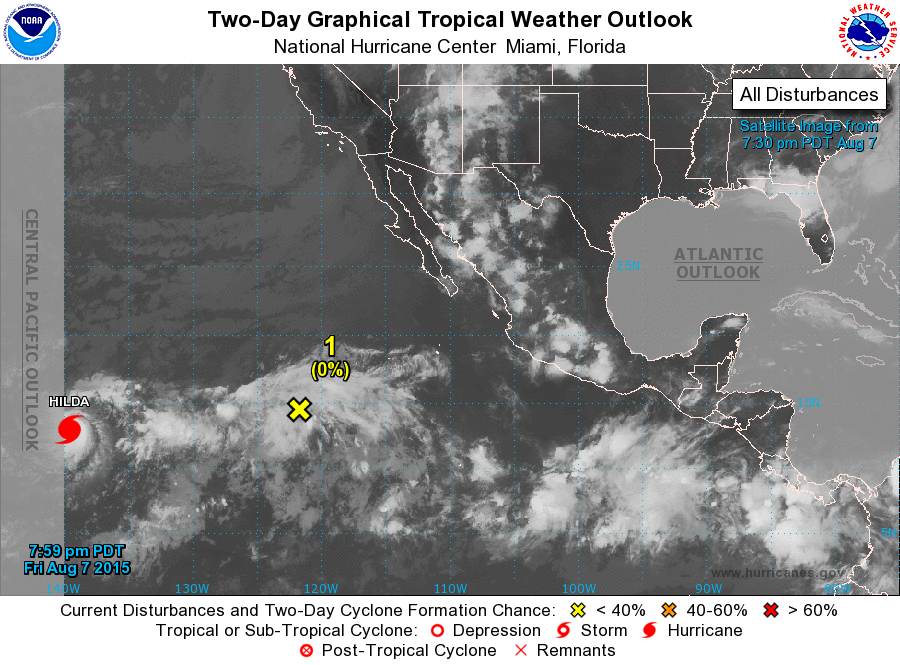
For the eastern North Pacific...east of 140 degrees west longitude:

The National Hurricane Center is issuing advisories on recently upgraded Hurricane Hilda, located well to the east-southeast of the Hawaiian Islands.

1. A broad trough of low pressure located about 1000 miles southwest of the southern tip of the Baja California peninsula continues to produce disorganized shower and thunderstorm activity. Although some gradual development is possible through early next week while it moves generally northwestward, the system could move over cooler waters before developing into a tropical cyclone.
* Formation chance through 48 hours...low...near 0 percent
* Formation chance through 5 days...low...30 percent

Forecaster Pasch